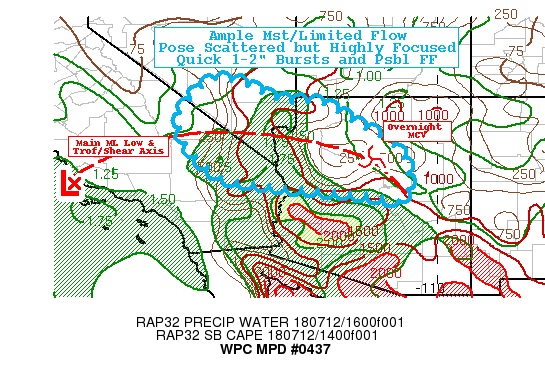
AREAS AFFECTED...SOUTHEAST CA...SOUTHERN NV...NORTHWEST & NORTH
CENTRAL AZ...

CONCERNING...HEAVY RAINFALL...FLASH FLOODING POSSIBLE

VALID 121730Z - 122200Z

SUMMARY...SCATTERED THUNDERSTORMS WITH AMPLE MOISTURE CAPABLE OF
PRODUCING 1-2" IN A HOUR LEADING TO HIGHLY LOCALIZED FLASH
FLOODING THROUGHH THE AFTERNOON HOURS.

DISCUSSION...GOES-16 1 MINUTE VISIBLE IMAGERY DEPICTS CONVECTIVE
INITIATION ALONG THE LOCAL TOPOGRAPHICAL RANGES ACROSS NW AZ /S NV
INTO SE CA.  AMPLE EARLY MORNING SUN HAS ALREADY INCREASED SURFACE
TEMPS INTO THE 80S-90S TO BE SUFFICIENT TO BREAK THE LIMITED CAP.
MOISTURE HAS ALSO FUNNELED UP THROUGH THE COLORADO RIVER VALLEY
WITH VEF 12Z TPWS OVER 1.5" AND NEARING 2" FURTHER SOUTH TOWARD
THE WESTERN SONORAN DESERT OF SW AZ.  MID-LEVEL CLOUD COVER HAS
REDUCED INSOLATION NEAR THE NV/AZ/UT BOARDER THROUG THE GRAND
CANYON REGION TOWARD CENTRAL AZ/MOGOLLON RIM ASSOCIATED WITH THE
MCV FROM LAST EVENING'S COMPLEX.  STILL WHERE THERE ARE
BREAKS...SOME TCU AND CBS ARE STARTING TO SPROUT AS WELL.

THE UPPER LEVEL PATTERN SHOWS THE SHEARING UPPER LOW OFF THE NW
PORTION OF THE CALIFORNIA BIGHT EXTENDING THE TROF BACK THROUGH
THE AREA OF CONCERN TO THE MCV IN NEAR FLG...PROVIDING SOME
MID-LEVEL STEEPER LAPSE RATES BUT MORE IMPORTANTLY LIMITED FLOW
ABOUT 5-8KTS MAX FOR CELL MOTIONS).  RAP SUGGESTS THE
CLEAR/UNCAPPED AREAS SUPPORT SBCAPES TO 2000-3000 J/KG ACROSS S NV
INTO NW AZ TO FUEL STRONG UPDRAFTS AND ABLE TO CONVERT THE LOCAL
MOISTURE IN THE 1.5" TPW RANGE INTO RAIN TOTALS OF 1-2" TYPICALLY
FALLING IN LESS THAN AN HOUR BEFORE DISSIPATING.
EVENTUALLY...OUTFLOW BOUNDARIES FROM THE INITIAL CELLS SHOULD SPUR
NEW DEVELOPMENT DOWNSTREAM WITH SOME HI-RES CAMS SUGGESTING A
GREATER THREAT FURTHER NORTH IN CENTRAL NV AND POSSIBLY LAS VEGAS
PROPER INCREASING THE FLASH FLOOD RISK TODAY.

FURTHER WEST INTO NE AZ...MORE TIME IS NEEDED TO BURN OFF CLOUDS
AND INCREASE INSOLATION DELAYING CONVECTIVE DEVELOPMENT AND FLASH
FLOOD THREAT.  FURTHER SOUTH ACROSS FAR SE CA/SW AZ...BETTER
MOISTURE/INSTABILITY IS AVAILABLE BUT STRONGER CAPPING AND LIMITED
LOW LEVEL CONVERGENCE IS LIKELY TO LIMIT DEVELOPMENT UNTIL MUCH
LATER IF AT ALL.  STILL WILL CONTINUE TO MONITOR BOTH AREAS FOR
NEW DEVELOPMENT POTENTIAL.